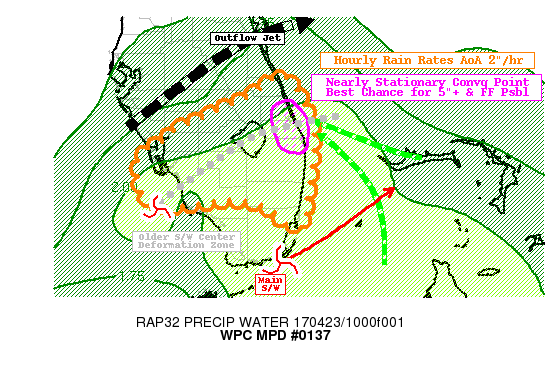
AREAS AFFECTED...SOUTH FLORIDA

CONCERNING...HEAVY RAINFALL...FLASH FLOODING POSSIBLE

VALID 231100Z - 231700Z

SUMMARY...CONCERN FOR STALLED CONVERGENCE LOCATION FOR PERSISTENT
HIGHLY EFFICIENT THUNDERSTORM REDEVELOPMENT.

DISCUSSION...GOES-E AND 16 WV LOOPS DENOTE AMPLIFYING WAVE
CROSSING THROUGH THE SOUTHERN TIP OF FL ATTM WITH NICELY
ANTICYCLONICALLY CURVED OUTFLOW JET ACROSS THE CENTRAL PENINSULA
SUPPORTING RIGHT ENTRANCE ASCENT AS WELL AS MODEST UPPER LEVEL
DIFFLUENCE FOR CONTINUED CONVECTIVE UPSCALE GROWTH.  RADAR MOSAIC
AND SURFACE OBSERVATIONS ALSO DEPICT STRONG SELY FLOW IN THE WARM
CONVEYOR BELT OFF THE SE FL COAST AND GIVEN SFC FLOW CONFLUENCE
OFF THE NW TIP OF GRAND BAHAMAS PROVIDING A WELL DEMARCATED SFC
MST CONVERGENCE BAND WITHIN THE CONVEYOR FOCUSING THE BEST CELLS
TOWARD THE NW TOWARD MARTIN/SE ST. LUCIE COUNTIES. THIS IS WHERE
THE CELLS STALL AND MASS CONVERGE INTO A LARGER COMPLEX AT THE
INTERSECTION OF THE COOL CONVEYOR/DEFORMATION ZONE THAT EXTENDS
BACK ACROSS LAKE OKEECHOBEE TO SANIBEL ISLAND.  WITH THE TRACK OF
THE UPPER LEVEL FEATURE EXPECTED THROUGH THE S TIP OF FL STRAITS
TOWARD GRAND BAHAMA WITH SOME CONTINUED STRENGTHENING...THERE
SHOULD BE LIMITED LOCATION CHANGE OF THE BEST MASS CONVERGENCE
BETWEEN THE TWO CONVEYOR BELTS EVEN AS THE WESTERN PORTION OF THE
DEFORMATION ZONE SHIFTS SOUTH AND EAST ACROSS THE EVERGLADES.

WHILE INSTABILITY IS CURRENTLY AT DIURNAL MINIMA...POCKETS ALONG
THE GULF STREAM ARE AROUND 1000-1250 J/KG AND IS SUFFICIENT TO AID
SOME SHALLOW CONVECTIVE GROWTH.  GIVEN THE NEAR RECORD TPWS IN THE
VICINITY AOA 2.0" AND PROFILES INDICATING A NEARLY SATURATED
ENVIRONMENT THROUGH THE BULK OF THE CONVECTIVE LAYER RAINFALL
EFFICIENCY SHOULD BE QUITE HIGH WITH RATES UP TO 2"/HR WITH HIGHER
AMOUNTS IF/WHEN SOME ADDITIONAL SFC/LOW LEVEL HEATING CAN INCREASE
INSTABILITY.  WITH EXPECTATIONS OF 3-5 HOURS OF THIS STATIONARY
NATURE...TOTALS UP TO 5" ARE POSSIBLE WITH LOCALLY HIGHER AMOUNTS
PARTICULARLY IF BEST CONVERGENCE AREA SHIFTS FURTHER ASHORE.
HI-RES ENSEMBLE (HREF V.2) NEIGHBORHOOD PROBABILITIES OF EXCEEDING
FFG AOA 20% WHICH GIVEN THE HIGH FFG IS A LARGER THAN EXPECTED
PERCENTAGE PROVIDING SOME CONCERN FOR POSSIBLE LOCALIZED FF
CONDITIONS.